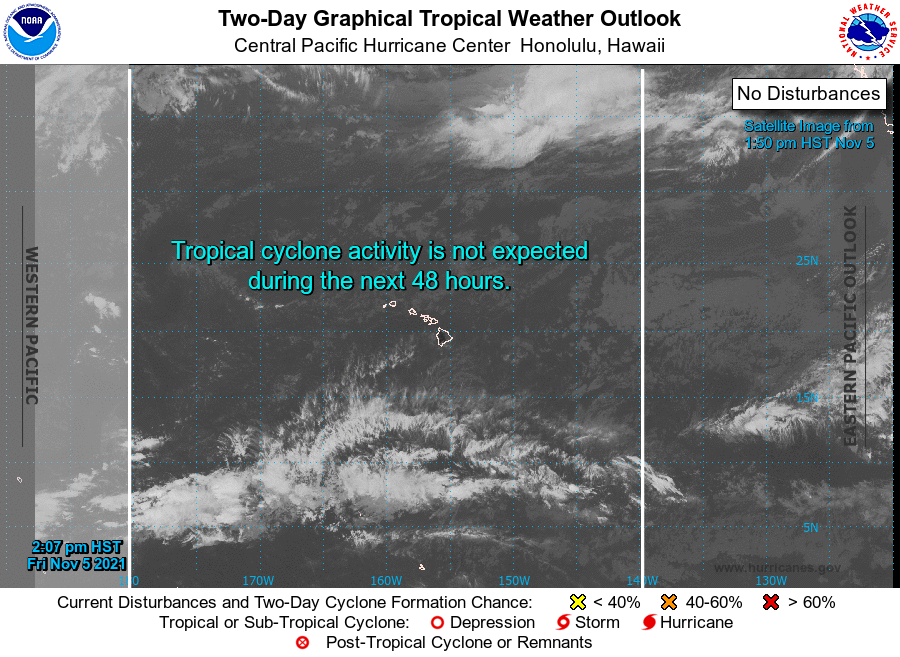
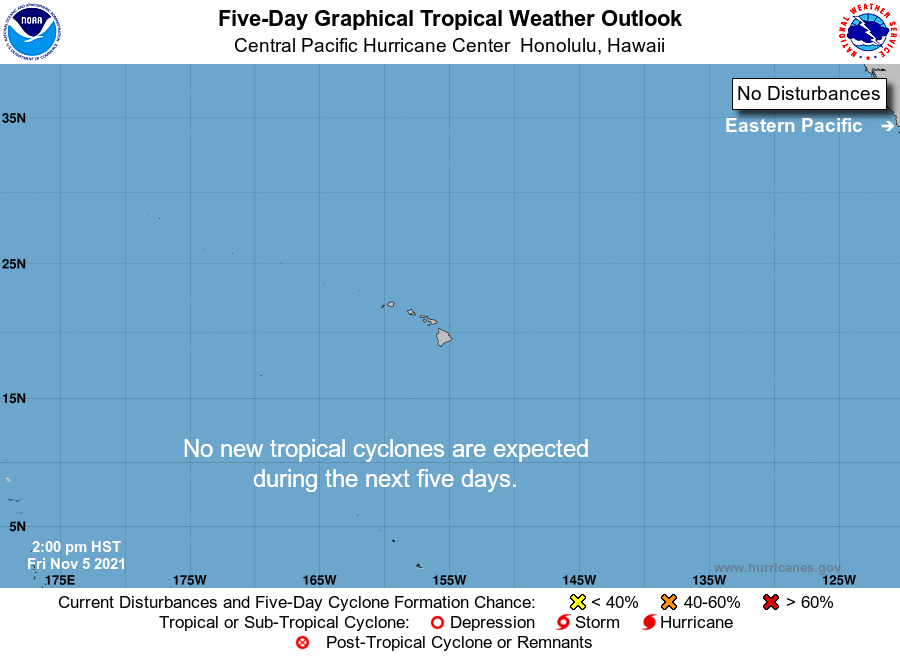
For the central North Pacific...between 140W and 180W:

No tropical cyclones are expected during the next 5 days.

Forecaster TS